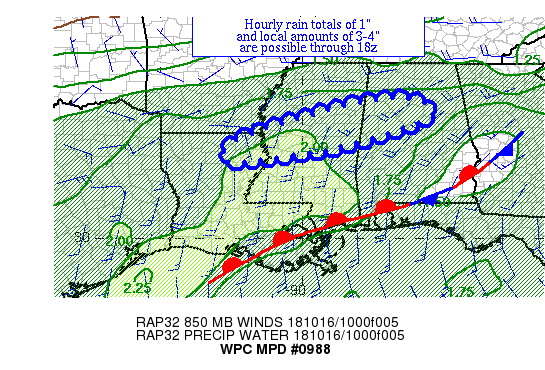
Areas affected...In and near Central MS

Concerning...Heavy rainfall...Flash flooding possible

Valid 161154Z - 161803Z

Summary...A moist airmass with limited, but slightly growing,
instability, should be able to foster hourly rain totals to 1"
with local amounts of 3-4" through 18z.

Discussion...An elevated slice of a warm front (near 850 hPa)
returning across southeast LA and southern MS combined with the
eastern branch of the low-level jet is leading to fresh convection
in an near central MS at this time.  Precipitable water values are
~1.75" per GPS data.  MU CAPE values of ~200 J/kg lies here per
SPC mesoanalyses, which has slightly grown as of late.  Effective
bulk shear is 30-40 kts, which along with fairly unidirectional
flow with height appears to be organizing activity into a band
which has shown occasional backbuilding character to the south.

Most of the mesoscale guidance is having issues with this band,
with the 00z WRF NSSL doing rather well.  As precipitable water
values are forecast to eclipse 2" and MU CAPE should at least hold
its own, ~60% of the PW value should be realized as an hourly rain
total, which has occurred overnight to the west across northwest
LA and portions of TX.  The 00z WRF NSSL advertises local amounts
of 3-4" which could occur in a few hours and challenge the recent
flash flood guidance values despite dryness over the past couple
weeks.  Issues are most likely in urbanized areas.